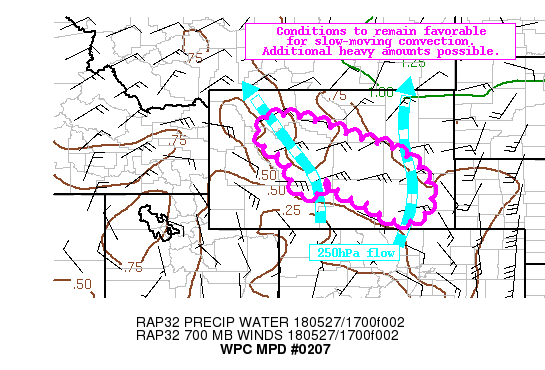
AREAS AFFECTED...SOUTHEAST AND CENTRAL WYOMING

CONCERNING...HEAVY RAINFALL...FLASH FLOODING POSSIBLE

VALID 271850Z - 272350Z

SUMMARY...WITH A SLOW-MOVING CLOSED LOW TO THE WEST AND ANOMALOUS
MOISTURE IN PLACE, CONDITIONS WILL REMAIN FAVORABLE FOR
SLOW-MOVING CONVECTION.  ADDITIONAL HEAVY AMOUNTS ARE POSSIBLE
THIS AFTERNOON.

DISCUSSION...LOW LEVEL SOUTHEASTERLY TO EASTERLY FLOW EAST OF A
CLOSED LOW CENTERED OVER THE GREAT SALT LAKE BASIN IS SUPPORTING
ANOMALOUS PWS ACROSS MUCH OF WYOMING EARLY THIS AFTERNOON...WITH
THE GFS INDICATING A FURTHER INCREASE TO 2-3 STANDARD DEVIATIONS
ABOVE NORMAL ACROSS MUCH OF THE REGION BY THE LATE AFTERNOON.
THIS MOISTURE WILL CONTINUE TO INTERACT WITH A SERIES OF MID-UPPER
LEVEL SHORTWAVES EMBEDDED WITHIN DIFFLUENT FLOW AHEAD OF THE LOW.
THIS ALONG WITH AMPLE INSTABILITY WILL CONTINUE TO SUPPORT
DEVELOPING CONVECTION WITH TRAINING CELLS.  THIS MAY PRODUCE
LOCALLY HEAVY AMOUNTS..ESPECIALLY ACROSS OROGRAPHICALLY FAVORED
REGIONS.  LATEST RUNS OF THE OPERATIONAL AND EXPERIMENTAL HRRR ARE
LESS BULLISH, HOWEVER FOR THE 6-HR PERIOD ENDING 00Z MON, THE 12Z
RUNS OF THE HWR-ARW, HRW-NMMB AND NSSL-WRF ALL SHOW LOCALLY HEAVY
AMOUNTS OF AN INCH OR MORE ACROSS PORTIONS OF THE UPSLOPE TERRAIN
FROM THE LARAMIE AND SHIRLEY MOUNTAINS IN THE SOUTHEAST TO THE
WIND RIVER AND ABSAROKA RANGES IN CENTRAL WYOMING.  THE 12Z HREF
NEIGHBORHOOD PROBABILITIES SHOW A SIGNIFICANT THREAT FOR AMOUNTS
OF 2-INCHES OR MORE NEAR THE RATTLESNAKE HILLS AND SOUTHERN
PORTIONS OF THE WIND RIVER RANGE DURING THIS PERIOD.  WET
ANTECEDENT CONDITIONS WILL HEIGHTEN THE THREAT FOR FLASH FLOODING
ACROSS PORTIONS OF THE REGION.